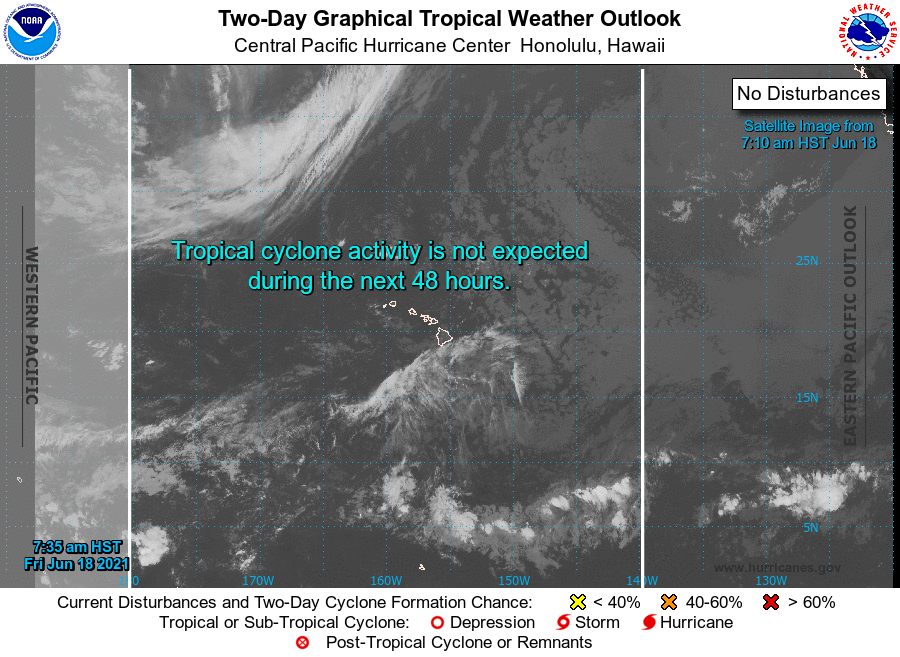
For the central North Pacific...between 140W and 180W:

No tropical cyclones are expected during the next 5 days.

Forecaster Wroe/Bohlin